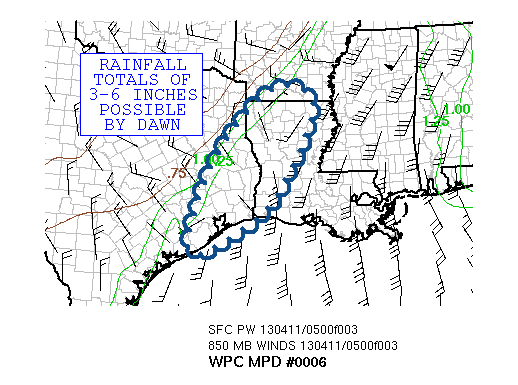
AREAS AFFECTED...SOUTHEAST TEXAS...WESTERN AND NORTHWESTERN
LOUISIANA

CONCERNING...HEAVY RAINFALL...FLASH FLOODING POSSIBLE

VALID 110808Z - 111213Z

SUMMARY...THERE IS AN INCREASING THREAT OF EXCESSIVE
RAINFALL/FLASH FLOODING FROM HOUSTON, TEXAS NORTHEAST ACROSS
WESTERN AND NORTHERN LOUISIANA.

DISCUSSION...THUNDERSTORMS WITH HEAVY RAINFALL HAVE INCREASED IN
AREAL COVERAGE AND INTENSITY SINCE 01Z/8 PM CDT WEDNESDAY ACROSS
WESTERN LOUISIANA AND THE PINEY WOODS AND BIG THICKET OF EASTERN
TEXAS.  RAINFALL RATES ARE ON THE RISE AND FLASH FLOOD GUIDANCE
VALUES HAVE FALLEN TO THREE INCHES IN THREE HOURS' TIME.  HOUSTON
WAS INCLUDED WITHIN THIS AREA AS RAINFALL RATES AS LOW AT 1-2
INCHES PER HOUR CAN CAUSE SIGNIFICANT ISSUES ON U.S. HIGHWAY 59, A
MAJOR ARTERY AROUND THE SOUTH AND EAST SIDE OF THE CITY.

RECENT RAP AND ARW MESOSCALE GUIDANCE RUNS DO NOT SEEM TO BE
HANDLING THIS SITUATION VERY WELL, INSISTING THAT THE RAINFALL
SHOULD MOVE OUT OF THE REGION WITHIN THE NEXT HOUR WITH BOTH
PIECES OF GUIDANCE PLACING A RAINFALL MINIMUM IN THIS AREA.
RECENT CONVECTIVE TRENDS IN THE HILL COUNTRY OF TEXAS AHEAD OF A
SHORTWAVE MOVING INTO TEXAS FROM MEXICO REINFORCE THE IDEA THAT
THIS THUNDERSTORM ACTIVITY COULD STICK AROUND UNTIL DAWN.
PRECIPITABLE WATER VALUES OF 1.75 INCHES OR GREATER COMBINED WITH
A SLOW-MOVING LOW LEVEL JET ON THE ORDER OF 30-40 KNOTS AT THE 850
HPA LEVEL HAVE SET THE STAGE FOR CELL TRAINING...AND LOCAL TOTALS
OF 3-6 INCHES IN TOTAL ARE EXPECTED.